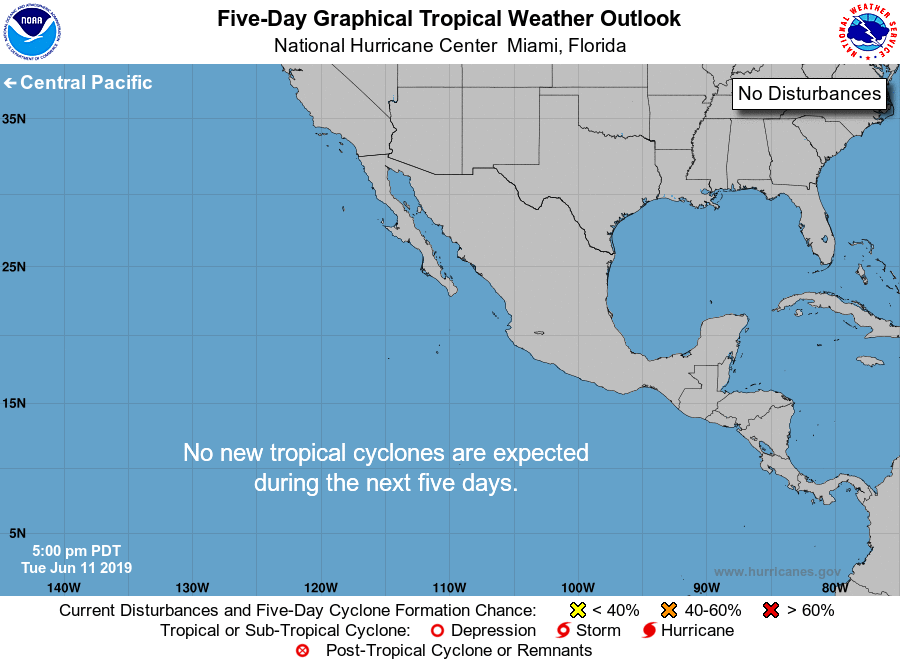
For the eastern North Pacific...east of 140 degrees west longitude:

Tropical cyclone formation is not expected during the next 5 days.

Forecaster Beven/Hagen